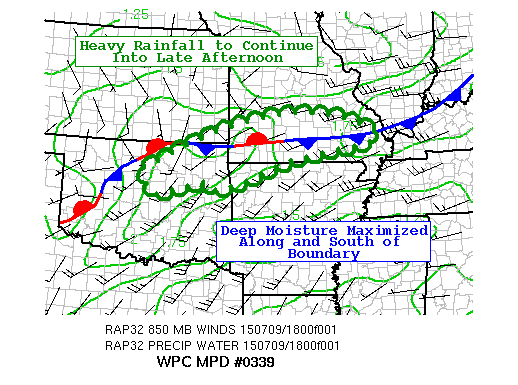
AREAS AFFECTED...NORTHEAST OK...FAR NORTHWEST AR...SOUTHERN MO

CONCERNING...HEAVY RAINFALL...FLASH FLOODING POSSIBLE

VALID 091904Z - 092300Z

SUMMARY...ON GOING CONVECTION FROM NORTHEAST OK INTO SOUTHERN MO
WILL LIKELY CONTINUE INTO THE LATE AFTERNOON...WITH THE POTENTIAL
FOR CELL TRAINING AND BACKBUILDING LEADING TO THE CONTINUED RISK
OF FLASH FLOODING.

DISCUSSION...THE 18Z SURFACE MAP SHOWED A QUASI STATIONARY
BOUNDARY OVER SOUTHERN MO EXTENDING BACK INTO NORTHEAST OK.
CONVECTION EARLY THIS AFTERNOON WAS GENERALLY ALONG AND SOUTH OF
THE BOUNDARY WHERE PW VALUES WERE HOLDING BETWEEN 1.75 AND 2.00
INCHES.  MOISTURE FLUX CONVERGENCE VALUES WERE MAXIMIZED ALONG THE
FRONT AS DEEP SOUTHWESTERLY FLOW ALOFT RIDES OVER THE BOUNDARY.
18Z SPC MESO ANALYSIS PAGE ALSO SHOWED AN AXIS OF 1 TO 3 DEG C
DEWPOINT RISES ALONG AND NORTH OF THE BOUNDARY OVER SOUTHERN MO
SUGGESTING THAT ON GOING CONVECTION IN THE SOUTHWEST CORNER OF THE
STATE WILL CONTINUE TO BE CAPABLE OF PRODUCING HEAVY RAINFALL.
FFG GUIDANCE IN THE AREA WAS RUNNING ABOUT 1.5 TO 2 INCHES PER 3
HOURS IN THIS AREA...AND SOME CELLS SHOULD BE CAPABLE OF MEETING
AND EXCEEDING THESE RATES.

TO THE WEST OVER NORTHEAST OKLAHOMA...THE APPROACH OF SHORTWAVE
ENERGY SEEN ON WATER VAPOR IMAGERY WILL CONTINUE TO PROVIDE FOCUS
FOR ADDITIONAL CONVECTION THROUGH THE AFTERNOON.  AM EXPECTING AT
LEAST SOME LOWERING OF FFG AS A RESULT OF CONVECTION THIS MORNING.

THE 17Z HRRR AND 12Z ARW HAVE BEEN DOING RATHER WELL IN PLACEMENT
OF THE HEAVY RAINFALL WITH THE RAFL AMOUNTS FROM THE ARW LOOKING
MARGINALLY BETTER THAN THE HRRR.  THE GLOBAL MODELS TENDED TO BE
TOO FAR NORTH WITH THEIR PCPN AXIS.